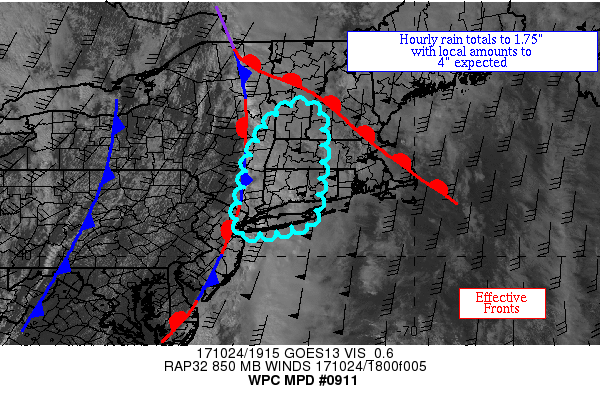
AREAS AFFECTED...SOUTHEAST NY & SOUTHWEST NEW ENGLAND

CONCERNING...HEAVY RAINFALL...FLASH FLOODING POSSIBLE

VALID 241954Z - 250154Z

SUMMARY...A STALLING SURFACE BOUNDARY COMBINED WITH AMPLE MOISTURE
AND SUFFICIENT INSTABILITY IS EXPECTED TO LEAD TO HOURLY RAIN
TOTALS UP TO 1.75" AND LOCAL AMOUNTS TO 4".

DISCUSSION...SATELLITE AND RADAR IMAGERY SHOW A STALLING POLAR
FRONT ACROSS THE EASTERN SHORE, NJ, AND SOUTHEAST NY AT THE
PRESENT TIME.  RECENT RADAR IMAGERY SHOWS THE BEGINNING OF
OCCASIONAL CELL TRAINING EAST OF KINGSTON AND POUGHKEEPSIE NY.
HOURLY RAIN TOTALS HAVE APPROACHED 1.4" WITHIN THE SHORT TRAINING
BAND HERE BEFORE IT EDGED EASTWARD.  THE REGION IS NEAR THE BASE
OF A SHORTWAVE MOVING ACROSS FAR SOUTHEAST ONTARIO AND AHEAD OF A
SECOND SHORTWAVE MOVING INTO WV.  PRECIPITABLE WATER VALUES OF
1.4-1.75" EXIST IN THIS AREA PER RECENT GPS DATA.  INFLOW AT 850
HPA IS SOMEWHAT CONVERGENT OUT OF THE SOUTH TO SOUTH-SOUTHWEST AT
40-50 KTS PER VAD WIND PROFILES.  EFFECTIVE BULK SHEAR IS 30-50
KTS PER THE MOST RECENT SPC MESOANALYSIS.  ML CAPE VALUES ARE >
500 J/KG WITHIN THIS SATURATED AIRMASS.

THE 18Z HRRR/16Z HRRR EXPERIMENTAL APPEAR TO HAVE SOME GRASP OF
WHAT IS ONGOING.  THEY, ALONG WITH THE 12Z GFS-BASED
GALVEZ-DAVISON INDEX FORECAST, SHOW/IMPLY AN INCREASE IN
CONVECTIVE COVERGE WITHIN THIS NEARLY STALLED BAND UNTIL ~02Z
BEFORE FADING THEREAFTER AS MU CAPE WEAKENS AND FORWARD
PROGRESSION ATTEMPTS TO RESUME (SHOWN IN RAP-BASED BOUNDARY LAYER
CONVERGENCE FIELDS) AS THE UPSTREAM UPPER TROUGH STRENGTHENS AND
EDGES EASTWARD.  HOURLY RAIN TOTALS TO 1.75" ARE EXPECTED.  THE
MESOSCALE GUIDANCE HAS A MODEST SIGNAL FOR 3-4" OF RAIN THROUGH
02Z.  THIS WOULD BE PROBLEMATIC WITHIN HILLY TERRAIN AND URBAN
ENVIRONMENTS.